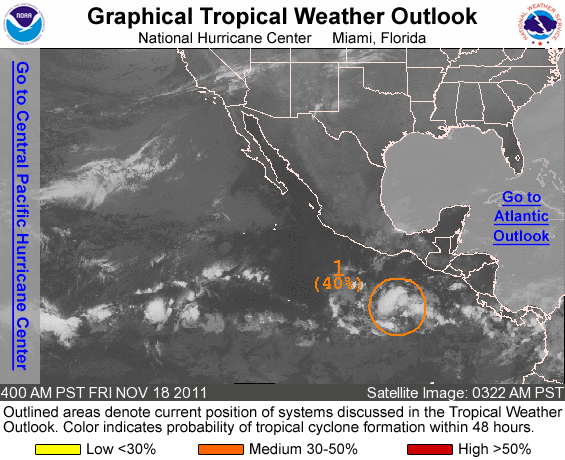
FOR THE EASTERN NORTH PACIFIC...EAST OF 140 DEGREES WEST LONGITUDE..

1. A LOW PRESSURE SYSTEM LOCATED ABOUT 475 MILES SOUTH OF THE GULF OF TEHUANTEPEC CONTINUES TO PRODUCE A CONCENTRATED AREA OF SHOWERS AND THUNDERSTORMS NEAR ITS CENTER OF CIRCULATION. ENVIRONMENTAL CONDITIONS ARE GENERALLY CONDUCIVE FOR DEVELOPMENT...AND THE LOW COULD BECOME A TROPICAL DEPRESSION DURING THE NEXT COUPLE OF DAYS AS IT MOVES WESTWARD AT AROUND 15 MPH. THIS SYSTEM HAS A MEDIUM CHANCE...40 PERCENT...OF BECOMING A TROPICAL CYCLONE DURING THE NEXT 48 HOURS.

ELSEWHERE...TROPICAL CYCLONE FORMATION IS NOT EXPECTED DURING THE NEXT 48 HOURS.

FORECASTER BERG